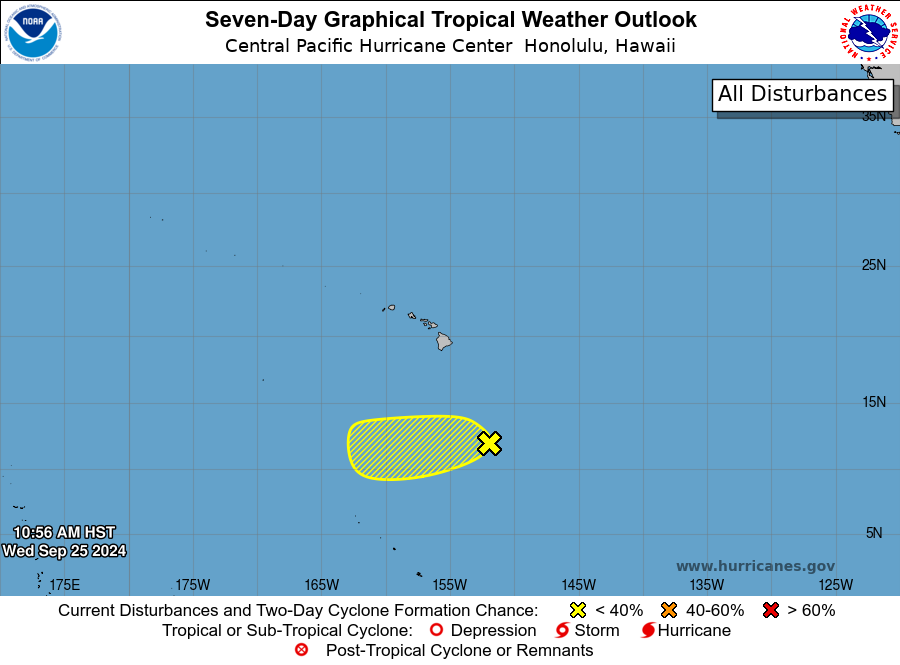
For the central North Pacific...between 140W and 180W:

1. Approximately 550 miles southeast of Hilo, Hawaii: A broad low pressure system southeast of Hawaii is producing disorganized showers and thunderstorms. Enviromental conditions are not expected to be conducive for further development of this system as it moves westward at 10 mph during the next several days.
* Formation chance through 48 hours...low...10 percent.
* Formation chance through 7 days...low...10 percent.

Forecaster Bedal